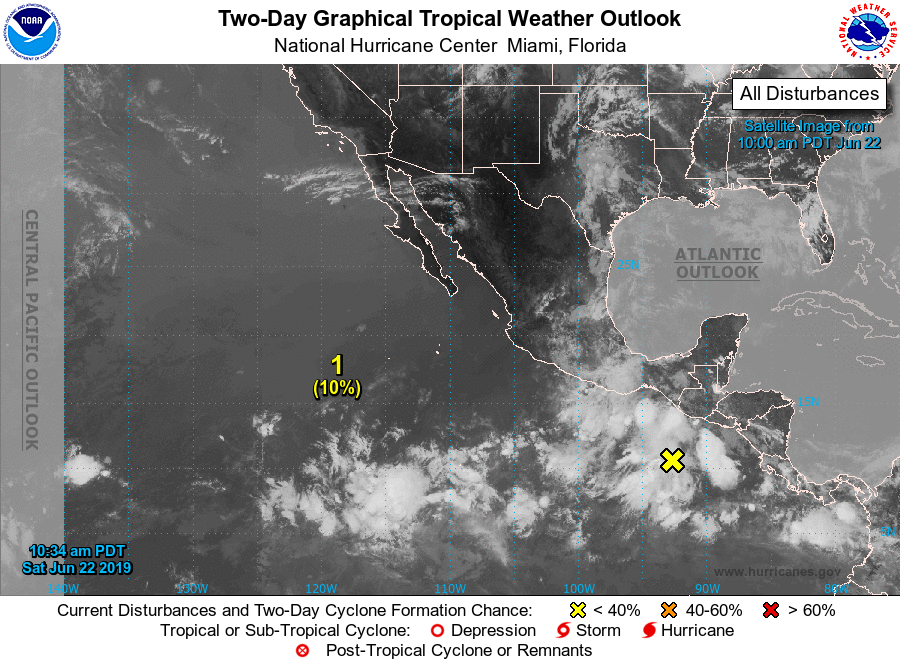
For the eastern North Pacific...east of 140 degrees west longitude:

1. Disorganized showers and thunderstorms located southeast of the southern coast of Mexico are associated with a tropical wave. A low pressure area is expected to form in association with this system in a couple of days and gradual development is possible while it moves west-northwestward away from the coast of Mexico through the middle of next week.
* Formation chance through 48 hours...low...10 percent.
* Formation chance through 5 days...medium...60 percent.

Forecaster Brown